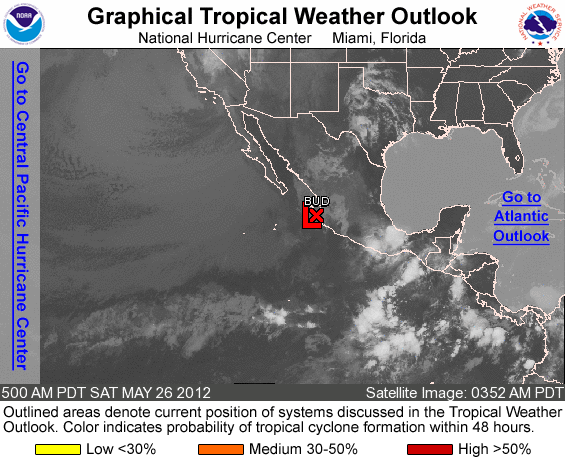
FOR THE EASTERN NORTH PACIFIC...EAST OF 140 DEGREES WEST LONGITUDE..

THE NATIONAL HURRICANE CENTER IS ISSUING ADVISORIES ON WEAKENING TROPICAL DEPRESSION BUD...WHICH IS LOCATED VERY NEAR CABO CORRIENTES MEXICO.

ELSEWHERE...TROPICAL CYCLONE FORMATION IS NOT EXPECTED DURING THE NEXT 48 HOURS.

FORECASTER FRANKLIN